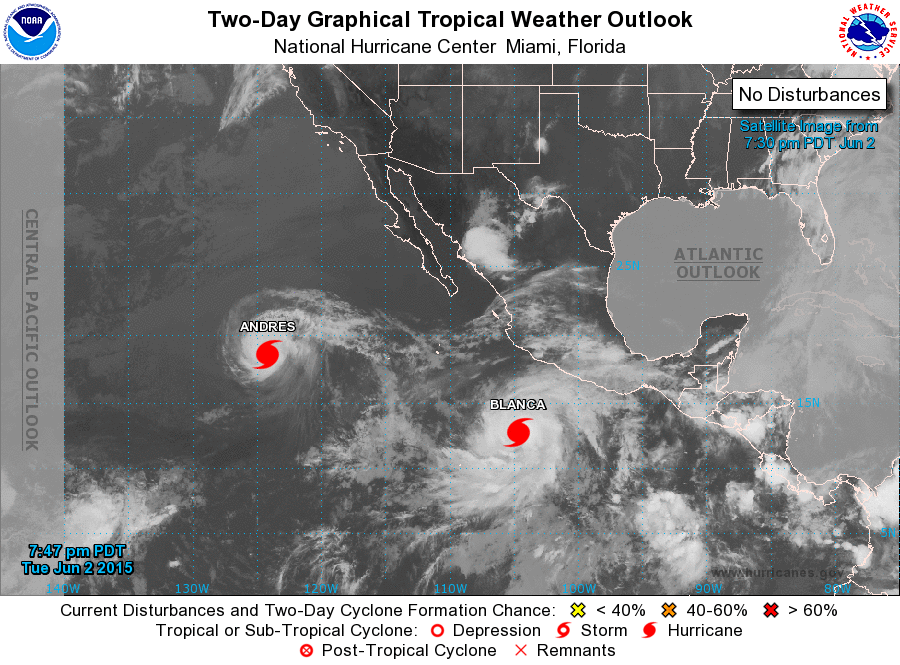
For the eastern North Pacific...east of 140 degrees west longitude:

The National Hurricane Center is issuing advisories on Hurricane Andres, located several hundred miles west-southwest of the southern tip of the Baja California peninsula, and on recently upgraded Hurricane Blanca, located a few hundred miles south-southwest of Zihuatanejo, Mexico.

1. A low pressure area could form over the weekend a few hundred miles south of the coasts of El Salvador and Guatemala. Environmental conditions are expected to be conducive for subsequent slow development of the system while it moves northwestward.
* Formation chance through 48 hours...low...near 0 percent
* Formation chance through 5 days...low...20 percent

Forecaster Beven